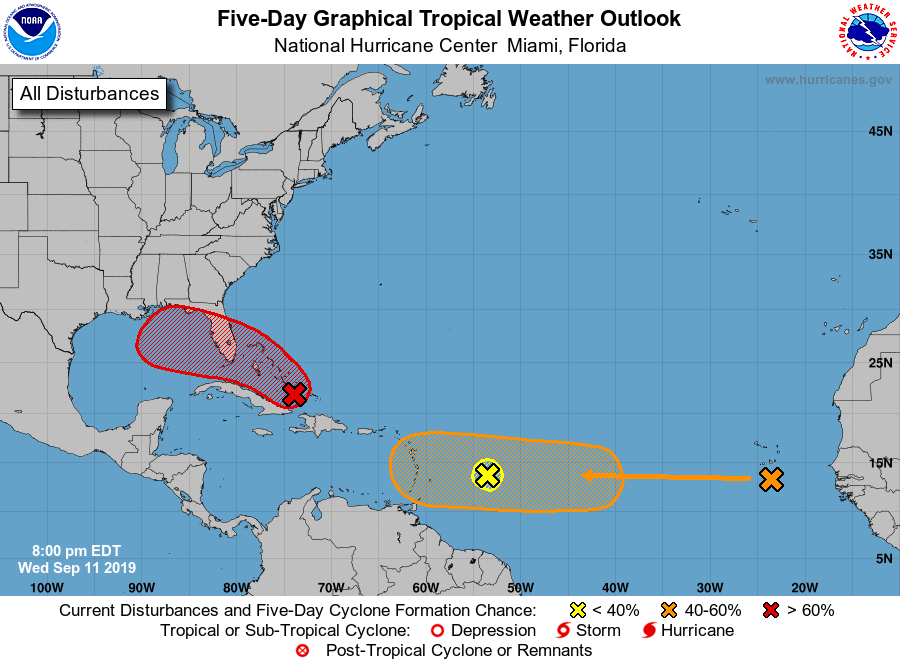
For the North Atlantic...Caribbean Sea and the Gulf of Mexico:

1. Widespread cloudiness and showers extending from the southeastern Bahamas northward over the southwestern Atlantic for a few hundred miles are associated with a sharp trough of low pressure. Although limited development of this system is anticipated tonight and Thursday, conditions are forecast to become a little more conducive for tropical cyclone formation over the weekend, and a tropical depression is likely to form as the system moves slowly toward the west-northwest across the Florida Straits and southeastern Florida, and into the eastern Gulf of Mexico. This disturbance will likely produce periods of locally heavy rainfall and gusty winds across the Bahamas through Friday, and across Florida during the weekend. An Air Force Reserve reconnaissance aircraft is scheduled to investigate the system Thursday afternoon, if necessary.
* Formation chance through 48 hours...medium...50 percent.
* Formation chance through 5 days...high...70 percent.

2. A broad low pressure system, associated with a tropical wave, is located about 600 miles east of the Lesser Antilles. This weak disturbance is accompanied by limited shower activity that has been gradually diminishing today. This system is forecast to move westward toward unfavorable upper-level winds, and tropical cyclone formation is not anticipated.
* Formation chance through 48 hours...low...near 0 percent.
* Formation chance through 5 days...low...near 0 percent.

3. A tropical wave located between the west coast of Africa and the Cabo Verde Islands is forecast to move quickly westward during the next several days. Some development is possible over the weekend or early next week while the system moves over the tropical Atlantic.
* Formation chance through 48 hours...low...near 0 percent.
* Formation chance through 5 days...medium...40 percent.

Forecaster Stewart